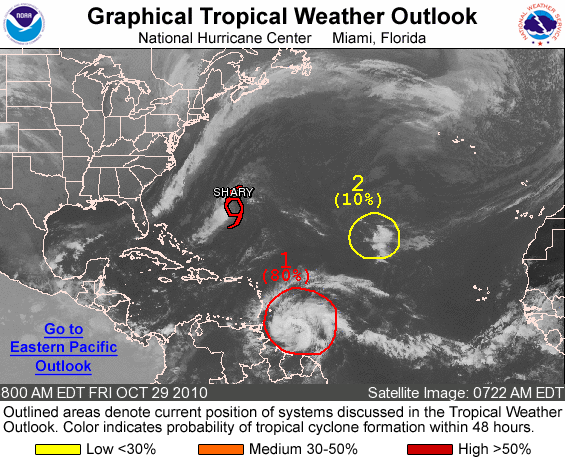
FOR THE NORTH ATLANTIC...CARIBBEAN SEA AND THE GULF OF MEXICO...

THE NATIONAL HURRICANE CENTER IS ISSUING ADVISORIES ON TROPICAL STORM SHARY...LOCATED ABOUT 220 MILES SOUTH-SOUTHWEST OF BERMUDA.

1. A STRONG TROPICAL WAVE LOCATED ABOUT 360 MILES EAST-SOUTHEAST OF THE SOUTHERN WINDWARD ISLANDS HAS BECOME MUCH BETTER ORGANIZED THIS MORNING...AND ENVIRONMENTAL CONDITIONS ARE CONDUCIVE FOR A TROPICAL DEPRESSION OR A TROPICAL STORM TO FORM DURING THE NEXT DAY OR SO. THERE IS A HIGH CHANCE...80 PERCENT...OF THIS DISTURBANCE BECOMING A TROPICAL CYCLONE DURING THE NEXT 48 HOURS AS IT MOVES WEST-NORTHWESTWARD AT 15 TO 20 MPH. REGARDLESS OF DEVELOPMENT... THIS SYSTEM IS EXPECTED TO BRING LOCALLY HEAVY RAINFALL AND STRONG GUSTY WINDS TO THE WINDWARD ISLANDS AND NORTHERN PORTIONS OF VENEZUELA DURING THE NEXT COUPLE OF DAYS. AN AIR FORCE RESERVE UNIT RECONNAISSANCE AIRCRAFT IS SCHEDULED TO INVESTIGATE THE DISTURBANCE THIS AFTERNOON.

2. A WEAK LOW PRESSURE SYSTEM LOCATED ABOUT 1300 MILES WEST-NORTHWEST OF THE NORTHERNMOST CAPE VERDE ISLANDS IS PRODUCING CLOUDINESS AND A FEW THUNDERSTORMS. UPPER-LEVEL WINDS ARE NOT FAVORABLE FOR DEVELOPMENT...AND THERE IS A LOW CHANCE...10 PERCENT...OF THIS SYSTEM BECOMING A TROPICAL CYCLONE DURING THE NEXT 48 HOURS AS IT MOVES WESTWARD NEAR 10 MPH.

ELSEWHERE...TROPICAL CYCLONE FORMATION IS NOT EXPECTED DURING THE NEXT 48 HOURS.

PUBLIC ADVISORIES ON SHARY ARE ISSUED UNDER WMO HEADER WTNT35 KNHC AND UNDER AWIPS HEADER MIATCPAT5. FORECAST/ADVISORIES ON SHARY ARE ISSUED UNDER WMO HEADER WTNT25 KNHC AND UNDER AWIPS HEADER MIATCMAT5.

FORECASTER STEWART/CANGIALOSI